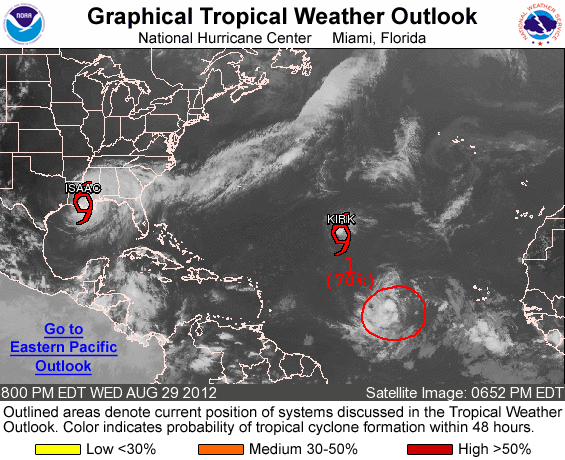
FOR THE NORTH ATLANTIC...CARIBBEAN SEA AND THE GULF OF MEXICO...

THE NATIONAL HURRICANE CENTER IS ISSUING ADVISORIES ON TROPICAL STORM ISAAC...LOCATED INLAND OVER SOUTHEASTERN LOUISIANA AND ON TROPICAL STORM KIRK...LOCATED ABOUT 1490 MILES WEST-SOUTHWEST OF THE AZORES.

1. SHOWERS AND THUNDERSTORMS ASSOCIATION WITH A BROAD AREA OF LOW PRESSURE LOCATED ABOUT 925 MILES WEST OF THE CAPE VERDE ISLANDS ARE SHOWING SIGNS OF ORGANIZATION. ENVIRONMENTAL CONDITIONS APPEAR CONDUCIVE FOR A TROPICAL DEPRESSION TO FORM DURING THE NEXT DAY OR TWO AND THIS SYSTEM HAS A HIGH CHANCE...70 PERCENT...OF BECOMING A TROPICAL CYCLONE DURING THE NEXT 48 HOURS AS IT MOVES WESTWARD TO WEST-NORTHWESTWARD AT 15 TO 20 MPH.

ELSEWHERE...TROPICAL CYCLONE FORMATION IS NOT EXPECTED DURING THE NEXT 48 HOURS.

FORECASTER BROWN